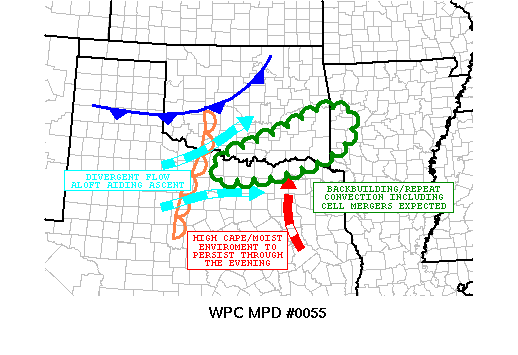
AREAS AFFECTED...NORTH-CENTRAL TX...SOUTHEAST OK...WESTERN AR

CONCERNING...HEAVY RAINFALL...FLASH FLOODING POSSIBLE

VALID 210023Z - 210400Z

SUMMARY...INCREASING POTENTIAL FOR BACK-BUILDING AND REPEATING
CONVECTION OVER THE NEXT SEVERAL HOURS ALONG WITH CELL-MERGERS.
EXPECTING PERSISTENT CONVECTION TO ENHANCE THE FLASH FLOOD
POTENTIAL THROUGH THE EVENING HOURS.

DISCUSSION...A CLUSTER OF SEVERE THUNDERSTORMS INVOF THE RED RIVER
VALLEY OF N CNTRL TX IS SEEN BACK-BUILDING ATTM IN RESPONSE TO A
VERY UNSTABLE AIRMASS OVER MUCH OF CNTRL TX JUST EAST OF A VERY
WELL-DEFINED DRYLINE. AN AXIS OF VERY HIGH CAPE...EXCEEDING 4000
J/KG IS SEEN ACROSS THIS REGION AND SOUTH-SOUTHWEST OF THE AREA OF
ACTIVE DEEP CONVECTION. GOES-SOUNDER AND GPS PWATS ARE AS HIGH AS
1.3 INCHES OVER THIS AREA...AND THAT HAS BEEN SEEN SLOWLY
INCREASING THE LAST COUPLE OF HOURS WITH A PERSISTENT
SOUTH-SOUTHEAST LOW LEVEL FETCH OF MOISTURE.

THE CONCERN OVER THE NEXT SEVERAL HOURS IS THAT THIS AREA OF
CONVECTION WILL BE IN A PRIME POSITION TO BACKBUILD AND REPEAT
OVER THE SAME AREA AS AN UPSTREAM SHORTWAVE TROUGH DIGGING EAST
INTO THE FAR WEST TX HIGH PLAINS OVERNIGHT FOSTERS A FAVORABLE
DOWNSTREAM AXIS OF UPPER LEVEL DIV/LARGE SCALE ASCENT...WITH
SUFFICENT FORCING TO SUSTAIN THE ONGOING CONVECTIVE THREAT WELL
THROUGH THE EVENING HOURS. ALREADY SEEING THIS EVIDENCED IN LATEST
IR/WV IMAGERY WITH CONVECTIVE-V SIGNATURES. DESPITE THE GRADUAL
INCREASE IN SBCIN WITH THE LOSS OF DIURNAL HEATING...EXPECTING
MLCAPE VALUES TO REMAIN RATHER HIGH THROUGH THE EVENING...AND WITH
A STEADY FEED OF LOW LEVEL MOISTURE...THE THERMODYNAMIC
ENVIRONMENT WILL REMAIN CONDUCIVE FOR SUSTAINABLE CONVECTION. THE
18Z NAM-CONEST IN PARTICULAR IS HIGHLIGHTING THIS SCENARIO AND
ALREADY APPEARS TO BE HANDLING THE ONGOING CONVECTION WELL.
RAINFALL RATES OF OVER 2 INCHES/HR ARE POSSIBLE...AND FLASH
FLOODING WILL BE POSSIBLE WHERE BACK-BUILDING AND REPEATING OF
CELLS OCCUR INCLUDING CELL-MERGERS. WILL CONTINUE TO MONITOR.